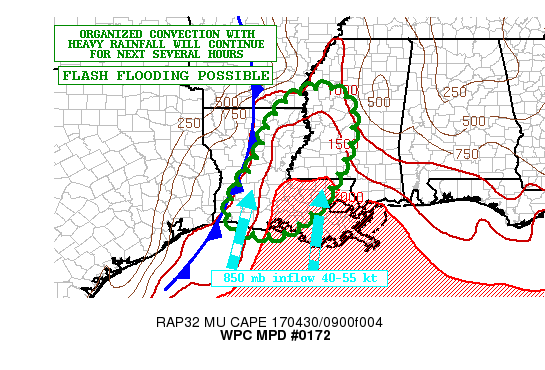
AREAS AFFECTED...CENTRAL/EASTERN LA...SOUTHEAST AR...SOUTHWEST MS

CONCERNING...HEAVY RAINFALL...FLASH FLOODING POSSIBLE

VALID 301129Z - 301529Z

SUMMARY...STRONG THUNDERSTORMS WITH INTENSE RAINFALL RATES OVER
2"/HR WILL MOVE SLOWLY EAST FOR THE NEXT FEW HOURS. SOME FLASH
FLOODING IS POSSIBLE.

DISCUSSION...A COMPLEX OF VIGOROUS THUNDERSTORMS...BRINGING RAIN
RATES LOCALLY EXCEEDING 2"/HR...CONTINUES ACROSS ACROSS
CENTRAL/EASTERN LA AND INTO SOUTHWEST AR AS A COLD FRONT MOVES
SLOWLY EAST INTO A REGION OF INTENSE INSTABILITY AND LOW LEVEL
MOISTURE TRANSPORT FROM THE WESTERN GULF OF MEXICO. DUAL POL RADAR
SHOWS LOCAL RAINFALL TOTALS OF 6-9" FROM JUST EAST OF LAKE CHARLES
NORTHEAST INTO AVOYELLES PARISH.

CONVERGENT LOW LEVEL SOUTHERLY FLOW OF 40-55 KT...BRINGING RAIN
RATES LOCALLY EXCEEDING 2"/HR...WILL CONTINUE TO FEED A VERY MOIST
AIR MASS WITH PRECIPITABLE WATER VALUES OF 1.5-2" INTO THE REGION.
THE RAP13 AND SPC ANALYSES SHOW MUCAPE VALUES OF 1000-2500 J/KG
OVER THE AREA. THE LINE HAS BEEN MOVING EASTWARD AROUND 15
KT...BUT MODELS SUGGEST IT COULD INCREASE ITS EASTWARD PROGRESSION
TO AROUND 25 KT AS THE UPPER LEVEL SHORTWAVE APPROACHES FROM THE
WEST AND THE SYSTEM MOVES INTO A REGION OF SOMEWHAT LOWER CAPE
VALUES.

HIRES MODELS INDICATE THAT RAIN RATES WILL GRADUALLY DECREASE OVER
THE NEXT SEVERAL HOURS...BUT EVEN SO ANOTHER 3 TO 5 INCHES OF RAIN
WITH ISOLATED HEAVIER AMOUNTS CAN BE EXPECTED THROUGH AROUND 16Z.
SOME OF THESE RAINS WILL FALL ON AREAS THAT RECEIVED SIGNIFICANT
RAINFALL SATURDAY AND SATURDAY NIGHT...SO THIS MAY RESULT IN
RUNOFF PROBLEMS AND POSSIBLE FLASH FLOODING.